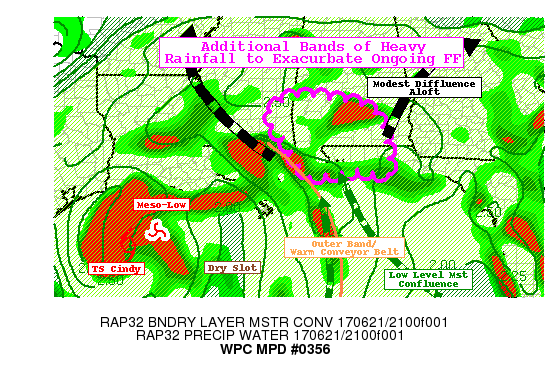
AREAS AFFECTED...SOUTHEASTERN MS...SOUTHERN AL...WESTERN FL
PANHANDLE

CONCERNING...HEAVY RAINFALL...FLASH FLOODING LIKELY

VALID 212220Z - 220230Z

SUMMARY...ANOTHER BOUT OF HEAVY RAIN MOVING THROUGH COASTAL AREAS
ALREADY EXPERIENCING FLOODING CONDITIONS.

DISCUSSION...GOES-16 CONUS WV LOOP SHOWS DRY SLOT COVERING CENTRAL
GULF/SE LA ATTM WITH DEEP WARM CONVEYOR BELT FURTHER EAST
CURRENTLY DENOTED BY SCATTERED ACTIVE CONVECTION MOVING DUE NORTH.
 INSTABILITY REMAINS FAIRLY HIGH GIVEN MOIST LAPSE RATES WITH
AVAILABLE 1500 J/KG MAINLY OFFSHORE...FALLING TO NEAR ZERO FURTHER
ASHORE WHERE NEARLY PERMANENT CLOUDY SKIES HAS STABILIZED THE
LOWER LEVEL ENVIRONMENT...AS SUCH CONVECTION WILL CONTINUE TO
STRUGGLE REACHING CENTRAL MS/AL AS WEAKENING STRATIFORM.
ADDITIONALLY GIVEN THE CYCLONE'S STRUCTURE...LOW LEVEL SHEARING IS
QUITE STRONG FURTHER FROM THE COAST AND BEST LOW LEVEL CONFLUENCE
LEADING TO TILTED CONVECTION WHICH SUBSTANTIALLY REDUCES EFFECTIVE
RAINFALL GENERATION.  OVER THE OCEAN AND NEAR COASTAL COUNTIES
SHOULD REMAIN MORE VERTICALLY STACKED WITH UPPER LEVEL DIFFLUENCE
ALLOWING FOR DEEPER CONVECTIVE CORES SUPPORTING UP TO 2.5"/HR
RATES.  GIVEN ONGOING FLOODING...AND ADDITIONAL 2-4" OF RAIN OVER
THE NEXT 4-6 HOURS IS LIKELY TO COMPOUND THE ONGOING SITUATION AS
THE WARM CONVEYOR BELT SLOWLY SHIFTS EASTWARD WITH TIME.